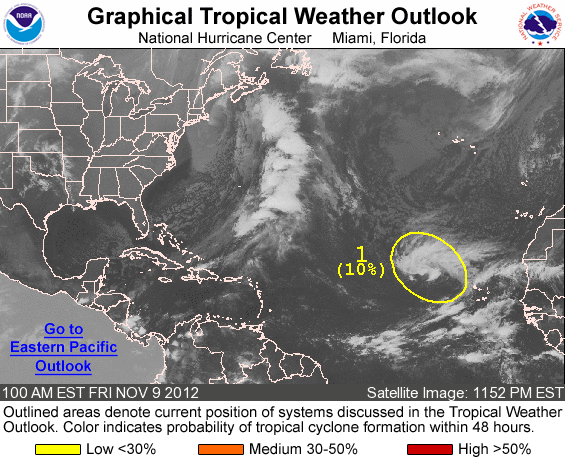
FOR THE NORTH ATLANTIC...CARIBBEAN SEA AND THE GULF OF MEXICO...

1. CLOUDINESS...SHOWERS...AND A FEW THUNDERSTORMS EXTENDING UP TO 900 MILES WEST-NORTHWEST OF THE CAPE VERDE ISLANDS ARE ASSOCIATED WITH A WEAK SURFACE TROUGH INTERACTING WITH A LOW PRESSURE SYSTEM IN THE MIDDLE AND UPPER LEVELS OF THE ATMOSPHERE. DEVELOPMENT...IF ANY... SHOULD BE SLOW TO OCCUR...AND THIS SYSTEM HAS A LOW CHANCE...10 PERCENT...OF BECOMING A TROPICAL CYCLONE DURING THE NEXT 48 HOURS.

ELSEWHERE...TROPICAL CYCLONE FORMATION IS NOT EXPECTED DURING THE NEXT 48 HOURS.

FORECASTER BERG